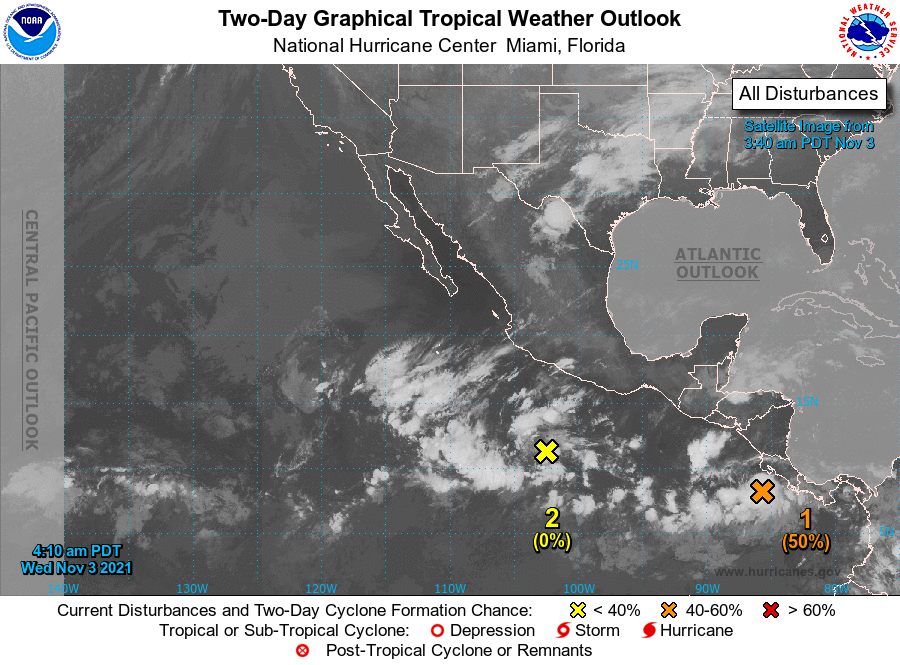
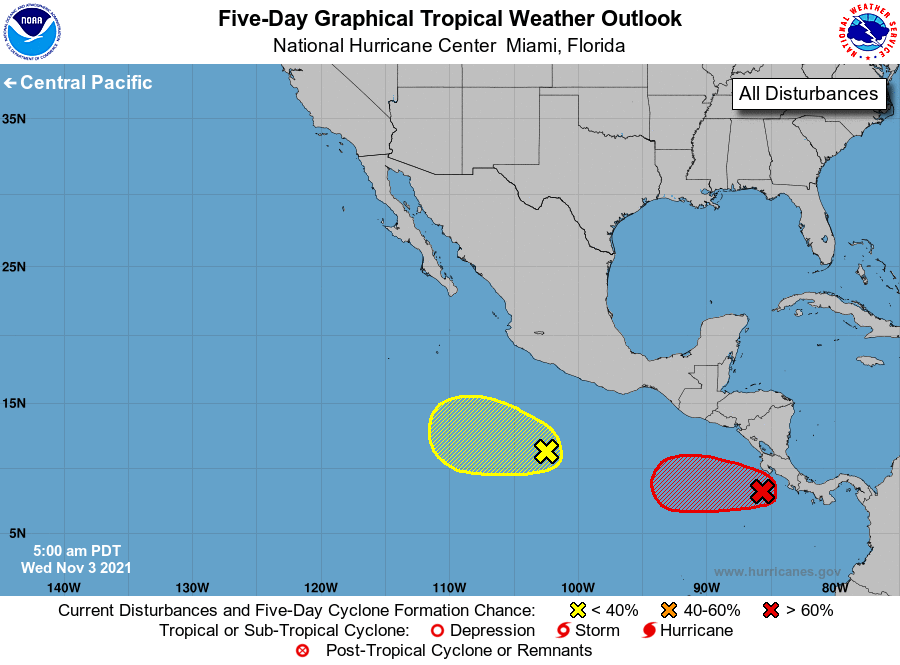
For the eastern North Pacific...east of 140 degrees west longitude:

1. A low pressure system located over the far eastern Pacific more than 100 miles southwest of Costa Rica is gradually becoming better defined. Shower and thunderstorm activity is also beginning to show signs of organization, and environmental conditions are expected to be conducive for the formation of a tropical depression during the next couple of days. The system is forecast to move slowly westward to west-northwestward away from the coast of Central America during the next several days. Regardless of development, this disturbance is expected to produce locally heavy rainfall across portions of Costa Rica through today, which could result in flooding and mudslides.
* Formation chance through 48 hours...medium...50 percent.
* Formation chance through 5 days...high...70 percent.

2. An area of disturbed weather is located several hundred miles south-southwest of Acapulco, Mexico. Some slow development of this system is possible during the next several days while it moves westward to west-northwestward at 5 to 10 mph well to the south of the southern coast of Mexico.
* Formation chance through 48 hours...low...near 0 percent.
* Formation chance through 5 days...low...30 percent.

Forecaster Stewart